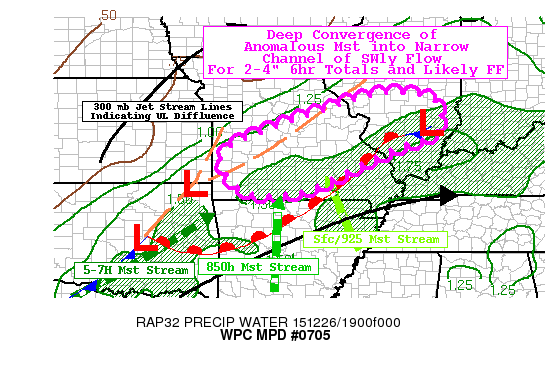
AREAS AFFECTED...S MISSOURI... S ILLINOIS

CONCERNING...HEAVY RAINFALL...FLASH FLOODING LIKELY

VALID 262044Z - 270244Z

SUMMARY...INCREASING COVERAGE AND ASCENT/STRENGTH OF UPDRAFTS FOR
OVERRUNNING CONVECTION AS WARM FRONT NEARS CAPABLE OF INDUCING
FLASH FLOODING CONDITIONS.

DISCUSSION...WARM FRONT LIFTING NORTH ACROSS ARKANSAS WITH
INCREASED PROXIMITY TO ONGOING SW STREAM OF MID-LEVEL SHOWERS WITH
ISOLATED CONVECTION.  WARM SECTOR MOISTURE WITH TDS IN THE MID TO
UPPER 60S WILL CONTINUE TO BE TRANSPORTED OVER THE FRONTAL ZONE IN
S MO WITH CONFLUENT LOW LEVEL FLOW FROM SSE 15-20 KTS AT THE
SURFACE OVER E AR TO SSW 45-50 KTS FROM E OK/W AR...INCREASING MST
FLUX AND DEEP MST CONVERGNCE FOR MODERATE ISENTROPIC ASCENT WHILE
UPPER LEVEL FLOW IS BECOMING MORE DIFFLUENT ABOVE 4H ACROSS THE
DISCUSSION AREA.  AS SUCH SOME MODERATE MUCAPES TO 500 J/KG ARE
AVAILABLE FOR SOME ELEVATED VETICAL CONVECTION WITHIN THE GENERAL
SLANTWISE ASCENT.  THIS WILL INCURE EMBEDDED RATES OF UP TO 1"/HR
WITHIN BROAD .5"/HR RATES.  WV LOOP AND RAP ANALYSIS INDICATE A
WEAK S/W NEAR STL MOVING NE...WITH SURFACE INFLECTION OVER S
IL...THIS SHOULD FLATTEN THE FRONT ACROSS S MO AND SLOW NORTHWARD
PROGRESS...AS WELL AS A MORE PERPENDICULAR ASCENT PLANE TO THE
FLOW...SHOULD KEEP AXIS OF CELL REGENERATION REALATIVELY STATIC
OVER THE NEXT 6HRS IN S AND CENTRAL MO

NORTH OF THE BOUNDARY...FLOW IS GENERALLY DRIVEN SLIGHTLY NORTH OF
PARALLEL TOTHE BOUNDARY ALLOWING THESE MODERATE RAINFALL RATES TO
TRAIN FOR THE NEXT 6HRS WHILE ALSO RECIEVING INCREASED MST FLUX
OUT OF THE SOUTHWEST IN THE 7-5H LAYER PER CIRA LAYERED TPW PLUME
(WITH .3-.4" ANALYZED)...SO EFFICIENCY/MAGNITUDE SHOULD FAVOR
CELLS IN SW MO WITH 6HR TOTALS NEARING 3-4"...DECREASING TO 2-3"
OVER SE MO INTO SW IL.  THOUGH WITH LOWER FFG VALUES INTO SE MO/SW
IL.

HI-RES CONVECTIVE ALLOWING MODELS PARTICUARLY THE 12Z ARW AND ESRL
EXPERIMENTAL HRRR SEEM TO HAVE A FAIRLY GOOD HANDLE ON THE AXIS
AND MAGNITUDES.